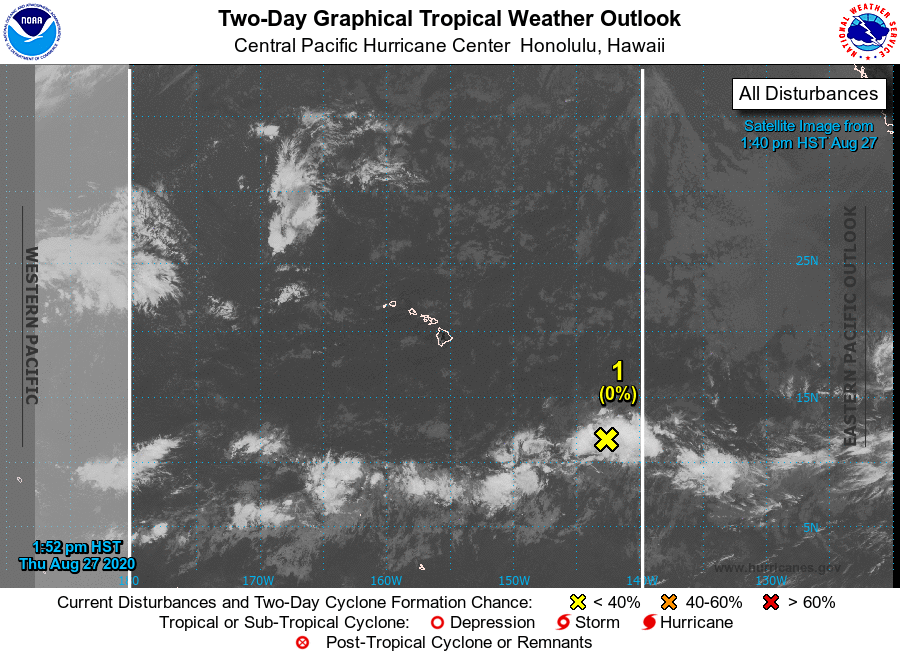
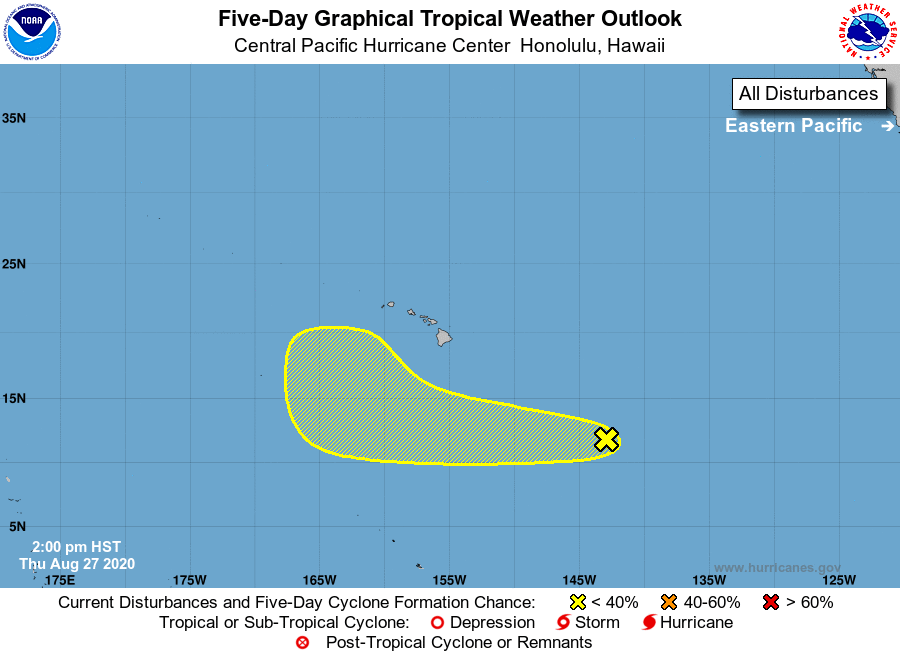
For the central North Pacific...between 140W and 180W:

1. An elongated area of low pressure located around 1000 miles southeast of Hilo, Hawaii, is producing disorganized showers and thunderstorms this afternoon. Environmental conditions appear somewhat conducive for gradual development of this system as it moves slowly west during the next several days.
* Formation chance through 48 hours...low...near 0 percent.
* Formation chance through 5 days...low...20 percent.

Forecaster Jelsema/Blood